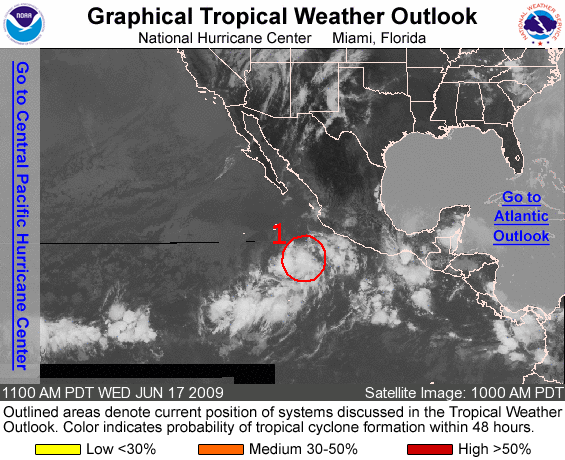
FOR THE EASTERN NORTH PACIFIC...EAST OF 140 DEGREES WEST LONGITUDE..

1. SHOWERS AND THUNDERSTORMS ASSOCIATED WITH AN AREA OF LOW PRESSURE LOCATED ABOUT 300 MILES SOUTHWEST OF MANZANILLO MEXICO CONTINUE TO SHOW SIGNS OF ORGANIZATION BUT SATELLITE MICROWAVE DATA INDICATE THAT THE LOW-LEVEL CIRCULATION IS NOT YET WELL-DEFINED. THIS SYSTEM STILL HAS THE POTENTIAL TO BECOME A TROPICAL DEPRESSION DURING THE NEXT DAY OR TWO AS IT MOVES SLOWLY WEST-NORTHWESTWARD TO NORTHWESTWARD. THERE IS A HIGH CHANCE...GREATER THAN 50 PERCENT... OF THIS SYSTEM BECOMING A TROPICAL CYCLONE DURING THE NEXT 48 HOURS.

ELSEWHERE...TROPICAL CYCLONE FORMATION IS NOT EXPECTED DURING THE NEXT 48 HOURS.

FORECASTER KIMBERLAIN/PASCH